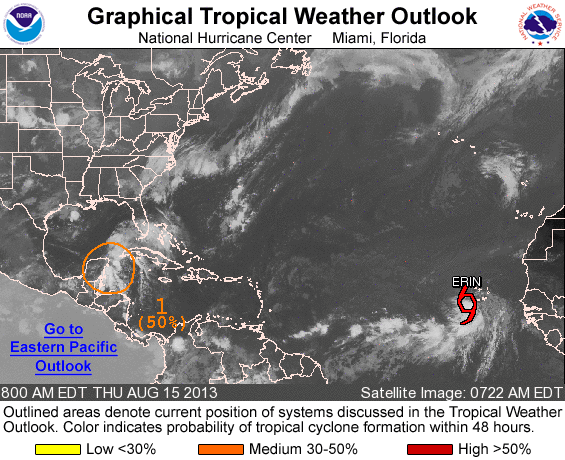
FOR THE NORTH ATLANTIC...CARIBBEAN SEA AND THE GULF OF MEXICO...

THE NATIONAL HURRICANE CENTER IS ISSUING ADVISORIES ON TROPICAL STORM ERIN...LOCATED WEST-SOUTHWEST OF THE SOUTHERNMOST CAPE VERDE ISLANDS.

1. SATELLITE IMAGES AND SURFACE OBSERVATIONS INDICATE THAT THE WEATHER DISTURBANCE IN THE EXTREME NORTHWESTERN CARIBBEAN SEA HAS BECOME LESS ORGANIZED OVERNIGHT WITH MOST OF THE SHOWER ACTIVITY NOW MOVING OVER THE YUCATAN PENINSULA AND BELIZE. DEVELOPMENT OF THIS SYSTEM BEFORE IT MOVES OVER LAND HAS BECOME LESS LIKELY...HOWEVER THERE IS STILL POTENTIAL FOR DEVELOPMENT ONCE THE DISTURBANCE MOVES OVER THE GULF OF MEXICO. THIS SYSTEM HAS A MEDIUM CHANCE...50 PERCENT...OF BECOMING A TROPICAL CYCLONE DURING THE NEXT 48 HOURS...AND A HIGH CHANCE...60 PERCENT...OF BECOMING A TROPICAL CYCLONE DURING THE NEXT 5 DAYS.

PUBLIC ADVISORIES ON TROPICAL STORM ERIN ARE ISSUED UNDER WMO HEADER WTNT35 KNHC AND UNDER AWIPS HEADER MIATCPAT5. FORECAST/ADVISORIES ARE ISSUED UNDER WMO HEADER WTNT25 KNHC AND UNDER AWIPS HEADER MIATCMAT5.

FIVE-DAY FORMATION PROBABILITIES ARE EXPERIMENTAL IN 2013. COMMENTS ON THE EXPERIMENTAL FORECASTS CAN BE PROVIDED AT...

HTTP://WWW.NWS.NOAA.GOV/SURVEY/NWS-SURVEY.PHP?CODE=ETWO

FORECASTER AVILA